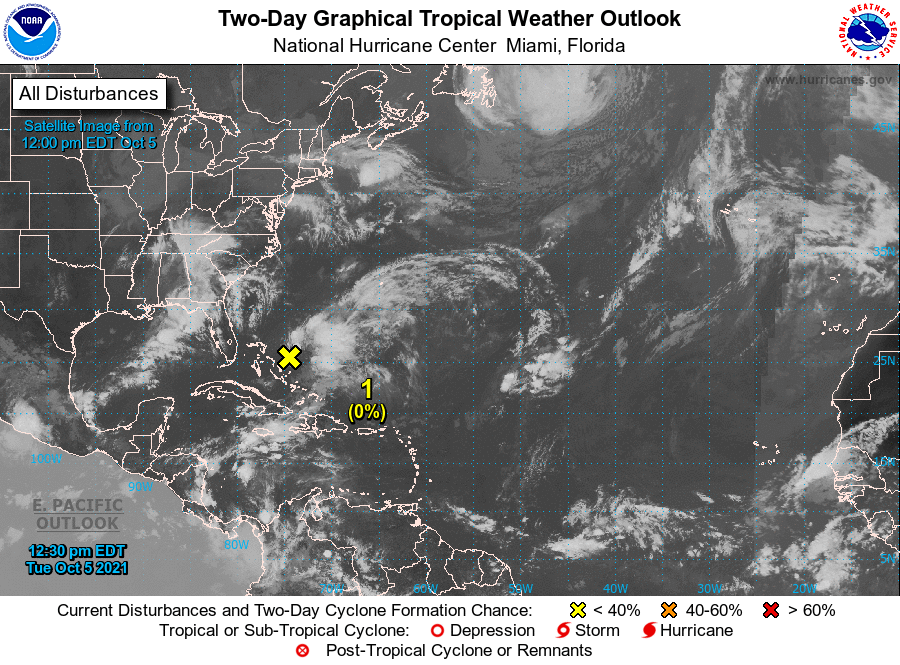
For the North Atlantic...Caribbean Sea and the Gulf of Mexico:

The National Hurricane Center has issued the last advisory on Post-Tropical Cyclone Sam, located over the far North Atlantic.

1. A large area of disorganized showers and thunderstorms is located east of a surface trough that extends from the central and southeastern Bahamas northward over the adjacent southwestern Atlantic waters. Upper-level winds are not expected to be favorable for significant tropical development of this system while it moves slowly northwestward over the next several days. By this weekend, the system is forecast to interact with a front near the coast of the southeastern United States.
* Formation chance through 48 hours...low...near 0 percent.
* Formation chance through 5 days...low...10 percent.

Forecaster Reinhart